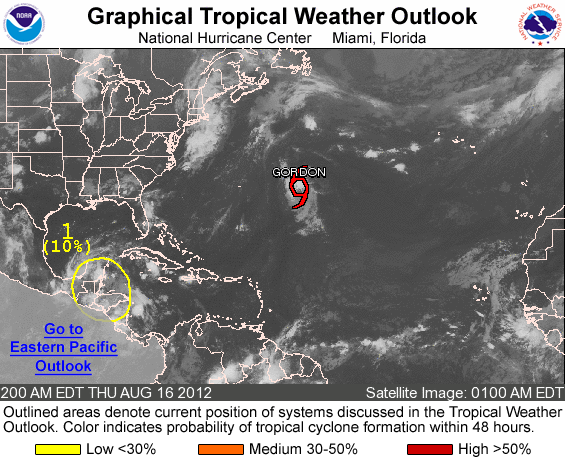
FOR THE NORTH ATLANTIC...CARIBBEAN SEA AND THE GULF OF MEXICO...

THE NATIONAL HURRICANE CENTER IS ISSUING ADVISORIES ON TROPICAL DEPRESSION EIGHT...LOCATED IN THE CENTRAL ATLANTIC ABOUT 550 MILES EAST OF BERMUDA.

1. A TROPICAL WAVE...THE REMNANTS OF TROPICAL DEPRESSION SEVEN...IS PRODUCING DISORGANIZED SHOWERS AND THUNDERSTORMS OVER THE WESTERN CARIBBEAN SEA...THE YUCATAN PENINSULA...AND PORTIONS OF CENTRAL AMERICA. ALTHOUGH THERE IS ONLY A SLIGHT CHANCE OF REGENERATION WHEN THE WAVE EMERGES OVER THE BAY OF CAMPECHE...LOCALLY HEAVY RAIN IS POSSIBLE ACROSS PORTIONS OF CENTRAL AMERICA AND SOUTHERN MEXICO THROUGH LATE TODAY. THIS SYSTEM HAS A LOW CHANCE...10 PERCENT...OF BECOMING A TROPICAL CYCLONE DURING THE NEXT 48 HOURS AS IT MOVES WEST-NORTHWESTWARD AT 15 TO 20 MPH.

ELSEWHERE...TROPICAL CYCLONE FORMATION IS NOT EXPECTED DURING THE NEXT 48 HOURS.

&&
PUBLIC ADVISORIES ON TROPICAL DEPRESSION EIGHT ARE ISSUED UNDER WMO HEADER WTNT33 KNHC AND UNDER AWIPS HEADER MIATCPAT3. FORECAST/ADVISORIES ON TROPICAL DEPRESSION EIGHT ARE ISSUED UNDER WMO HEADER WTNT23 KNHC AND UNDER AWIPS HEADER MIATCMAT3.

FORECASTER BLAKE